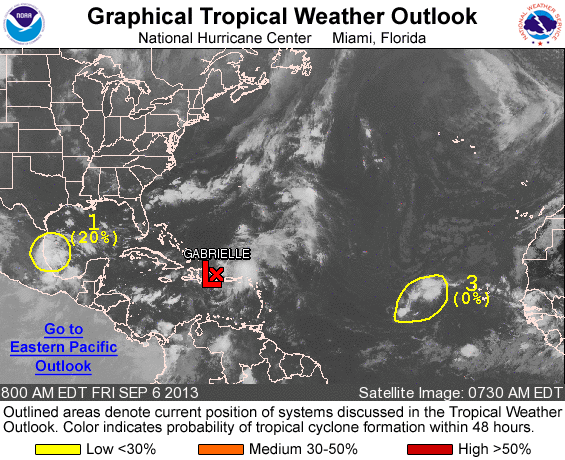
FOR THE NORTH ATLANTIC...CARIBBEAN SEA AND THE GULF OF MEXICO...

1. A BROAD AREA OF LOW PRESSURE IN THE SOUTHWESTERN GULF OF MEXICO IS APPROACHING THE COAST OF MEXICO NEAR TAMPICO....ACCOMPANIED BY A LARGE BUT DISORGANIZED AREA OF CLOUDINESS AND A FEW SQUALLS OF WINDS TO NEAR TROPICAL STORM FORCE. THIS SYSTEM IS EXPECTED TO MOVE INLAND BEFORE SIGNIFICANT DEVELOPMENT CAN OCCUR...AND IT HAS A LOW CHANCE...20 PERCENT...OF BECOMING A TROPICAL CYCLONE DURING THE NEXT 48 HOURS...AND A LOW CHANCE...20 PERCENT...OF BECOMING A TROPICAL CYCLONE DURING THE NEXT 5 DAYS. HEAVY RAIN AND GUSTY WINDS WILL BE SPREADING ALONG THE COAST OF THE MEXICAN STATES OF VERACRUZ AND TAMAULIPAS TODAY.

2. A COMPLEX AREA OF DISTURBED WEATHER...WHICH INCLUDES THE REMNANTS OF GABRIELLE...EXTENDS FROM THE DOMINICAN REPUBLIC AND PUERTO RICO NORTHEASTWARD INTO THE ATLANTIC FOR SEVERAL HUNDRED MILES. ANY DEVELOPMENT OF THIS DISTURBANCE SHOULD BE SLOW TO OCCUR DUE TO UNFAVORABLE UPPER-LEVEL WINDS AND THE PROXIMITY OF DRY AIR. THIS SYSTEM HAS A LOW CHANCE...10 PERCENT...OF BECOMING A TROPICAL CYCLONE DURING THE NEXT 48 HOURS AS IT MOVES NORTHWESTWARD OR NORTHWARD AT 10 TO 15 MPH. SOME DEVELOPMENT OF THIS SYSTEM IS POSSIBLE IN A FEW DAYS WHEN THE DISTURBANCE MOVES NORTHEASTWARD AHEAD OF A COLD FRONT OVER THE CENTRAL ATLANTIC OCEAN. THIS SYSTEM HAS A MEDIUM CHANCE...30 PERCENT...OF BECOMING A TROPICAL CYCLONE DURING THE NEXT 5 DAYS.

3. A BROAD LOW PRESSURE SYSTEM ASSOCIATED WITH A TROPICAL WAVE LOCATED ABOUT 600 MILES WEST OF THE CAPE VERDE ISLANDS IS PRODUCING DISORGANIZED SHOWER ACTIVITY. HOWEVER... DEVELOPMENT OF THIS SYSTEM IS NOT LIKELY DUE TO UNFAVORABLE ENVIRONMENTAL CONDITIONS. THIS SYSTEM HAS A LOW CHANCE...NEAR 0 PERCENT...OF BECOMING A TROPICAL CYCLONE DURING THE NEXT 48 HOURS...AND A LOW CHANCE...NEAR 0 PERCENT...OF BECOMING A TROPICAL CYCLONE DURING THE NEXT 5 DAYS WHILE IT MOVES TO THE WEST-NORTHWEST AT ABOUT 10 MPH.

OTHER SYSTEMS WITH FORMATION POTENTIAL BEYOND 48 HOURS...

A TROPICAL WAVE OVER WEST AFRICA IS EXPECTED TO MOVE OVER THE FAR EASTERN ATLANTIC OCEAN IN A DAY OR TWO...AND DEVELOPMENT OF THIS SYSTEM IS POSSIBLE LATE THIS WEEKEND INTO EARLY NEXT WEEK. THIS SYSTEM HAS A LOW CHANCE...NEAR 0 PERCENT...OF BECOMING A TROPICAL CYCLONE DURING THE NEXT 48 HOURS...AND A MEDIUM CHANCE...50 PERCENT...OF BECOMING A TROPICAL CYCLONE DURING THE NEXT 5 DAYS.

FIVE-DAY FORMATION PROBABILITIES ARE EXPERIMENTAL IN 2013. COMMENTS ON THE EXPERIMENTAL FORECASTS CAN BE PROVIDED AT...

HTTP://WWW.NWS.NOAA.GOV/SURVEY/NWS-SURVEY.PHP?CODE=ETWO

FORECASTER BEVEN